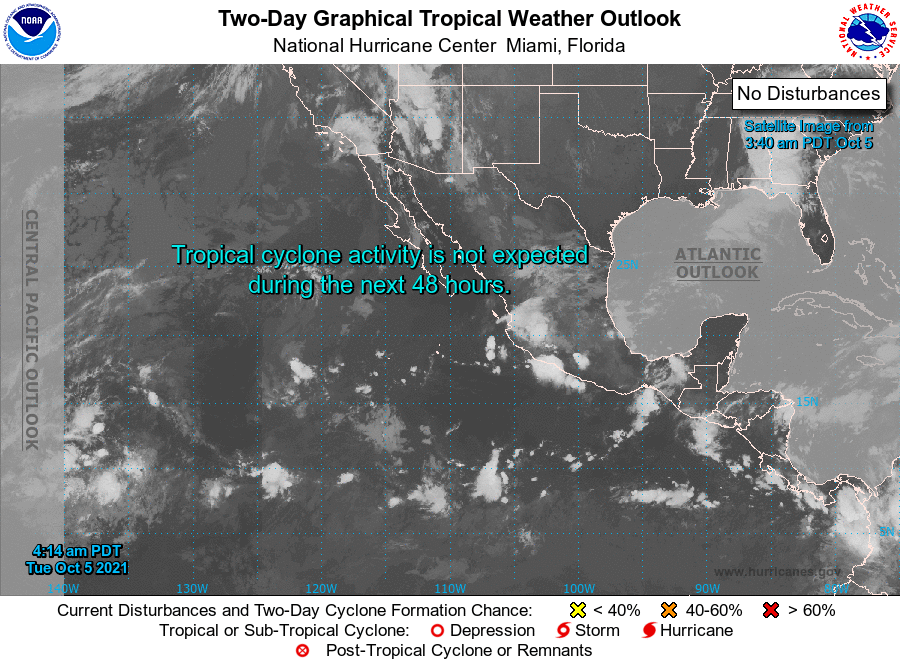
For the eastern North Pacific...east of 140 degrees west longitude:

1. An area of low pressure could form south of the southern coast of Mexico late this week. Gradual development of the system will be possible this weekend while it moves westward to west-northwestward at 10 to 15 mph, remaining offshore the coast of southern Mexico.
* Formation chance through 48 hours...low...near 0 percent.
* Formation chance through 5 days...low...30 percent.

Forecaster Reinhart